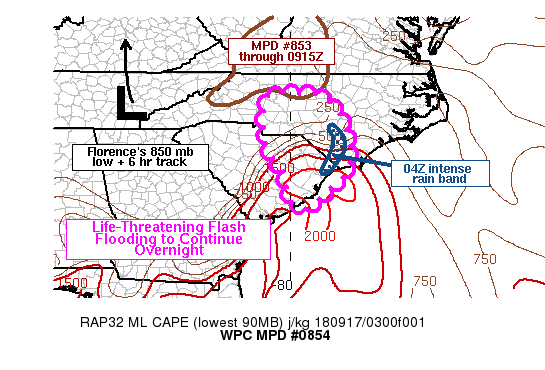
Areas affected...eastern SC into south-central NC/southeastern NC

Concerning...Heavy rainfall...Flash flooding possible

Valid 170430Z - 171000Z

SUMMARY...Intense rainfall rates peaking in the 2-3 in/hr range
are expected to continue affecting portions of eastern SC into
south-central/southeastern NC through 10Z. Additional flash
flooding is likely.

DISCUSSION...The 00Z RAOB from CHS showed 1640 J/kg MLCAPE,
embedded within a lingering pool of higher instability seen on RAP
analyses over coastal SC, with 1000 J/kg extending 50-100 miles
inland. KLTX radar from 04Z showed that an intense band of heavy
rain extended from Horry county in far eastern SC into Columbus
and Bladen counties of southeastern NC. Dual-pol estimates from
within this band peaked in the 2.5 to 3.5 in/hr range between
03-04Z, with at least one observation from Wunderground.com to the
southwest of Loris, SC...indicating 3 in/hr ending 03Z.
Precipitable water values remain high (2.1-2.4 inches per RAOB/GPS
data) despite having come down slightly from Saturday. Ample
instability and persistent low level convergent flow has been
supporting the long lived, semi-continuous heavy rain band from
far eastern SC into southern/southeastern NC for the past 6 hours.

As the low level circulation tied to Florence moves toward the
north-northwest through 12Z per recent RAP runs, the best axis of
low level convergence should also translate toward the
north/north-northwest which would mean disruption of the ongoing
axis of heavy rain in favor of redevelopment or translation toward
the north and/or northwest. Some recent development of convection
has been noted north of Florence, SC, but it is unclear if that is
the beginning of a new intense rain band or if the ongoing band of
heavy rain along the eastern SC/NC border will simply translate
north. Either way, locations in eastern SC into south-central to
southeastern NC are in an elevated risk area for 2-3 in/hr rain
rates through 10Z. Outside of the intense rain band over the SC/NC
border, continued periods of heavy rain with rates peaking in the
1-2 in/hr  range are expected. Given double digit rainfall over
the past couple of days for these locations, continued
major/catastrophic flooding/flash flooding ie expected.